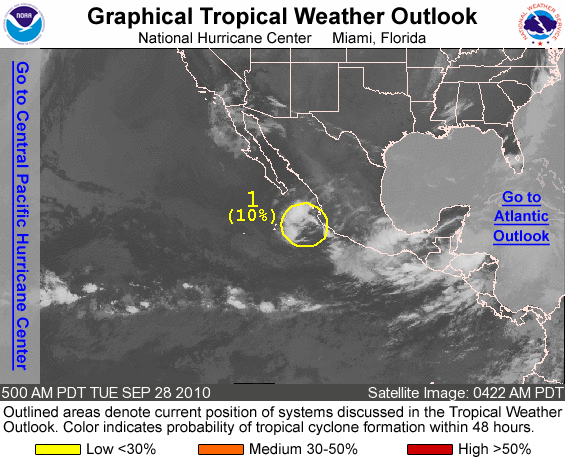
FOR THE EASTERN NORTH PACIFIC...EAST OF 140 DEGREES WEST LONGITUDE..

1. A BROAD AREA OF LOW PRESSURE LOCATED A COUPLE HUNDRED MILES WEST OF MANZANILLO MEXICO IS PRODUCING SCATTERED SHOWERS AND THUNDERSTORMS. UPPER-LEVEL WINDS ARE ONLY MARGINALLY FAVORABLE FOR DEVELOPMENT...AND THERE IS A LOW CHANCE...10 PERCENT... OF THIS SYSTEM BECOMING A TROPICAL CYCLONE DURING THE NEXT 48 HOURS AS IT MOVES ERRATICALLY.

ELSEWHERE...TROPICAL CYCLONE FORMATION IS NOT EXPECTED DURING THE NEXT 48 HOURS.

FORECASTER BLAKE